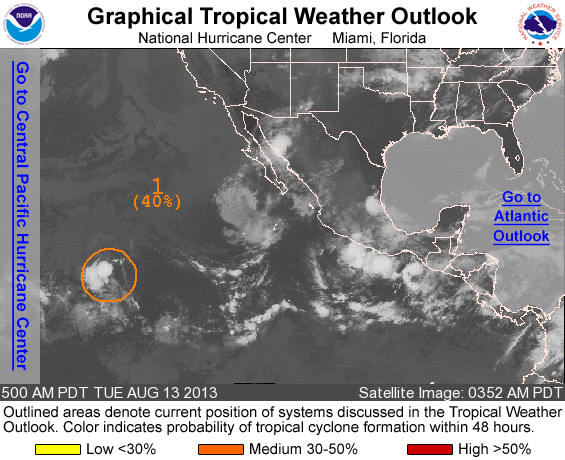
FOR THE EASTERN NORTH PACIFIC...EAST OF 140 DEGREES WEST LONGITUDE..

1. A LOW PRESSURE SYSTEM LOCATED ABOUT 1500 MILES WEST-SOUTHWEST OF THE COAST OF MEXICO CONTINUES TO PRODUCE DISORGANIZED SHOWERS AND THUNDERSTORMS. ENVIRONMENTAL CONDITIONS ARE EXPECTED TO BE MARGINALLY CONDUCIVE FOR DEVELOPMENT DURING THE NEXT COUPLE OF DAYS BEFORE UPPER-LEVEL WINDS BECOME MORE UNFAVORABLE ON THURSDAY. THIS SYSTEM HAS A MEDIUM CHANCE...40 PERCENT...OF BECOMING A TROPICAL CYCLONE DURING THE NEXT 48 HOURS...AND A MEDIUM CHANCE...40 PERCENT...OF BECOMING A TROPICAL CYCLONE DURING THE NEXT 5 DAYS WHILE IT MOVES WESTWARD AT 15 TO 20 MPH.

FIVE-DAY FORMATION PROBABILITIES ARE EXPERIMENTAL IN 2013. COMMENTS ON THE EXPERIMENTAL FORECASTS CAN BE PROVIDED AT...

HTTP://WWW.NWS.NOAA.GOV/SURVEY/NWS-SURVEY.PHP?CODE=ETWO

FORECASTER KIMBERLAIN